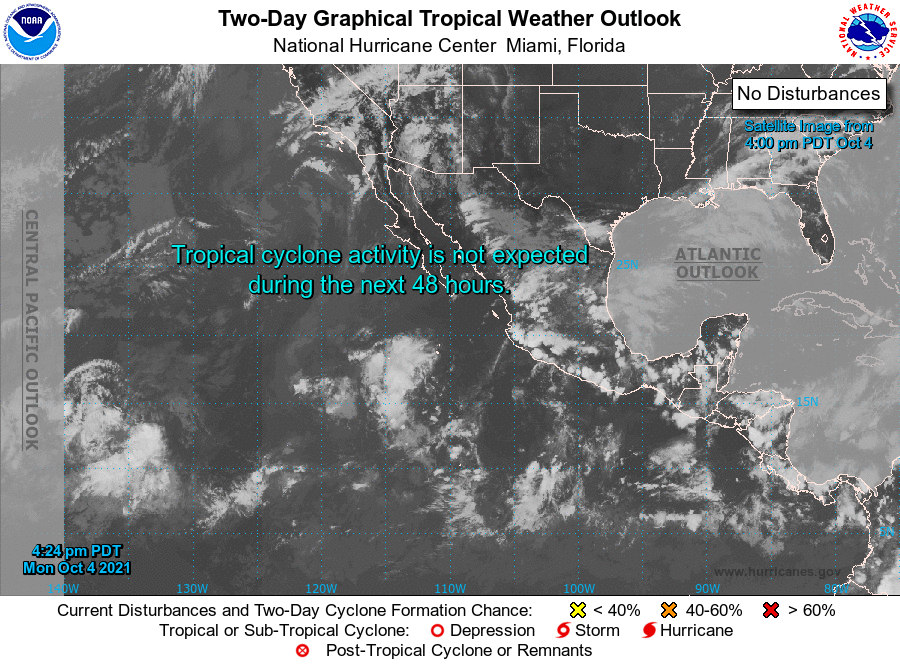
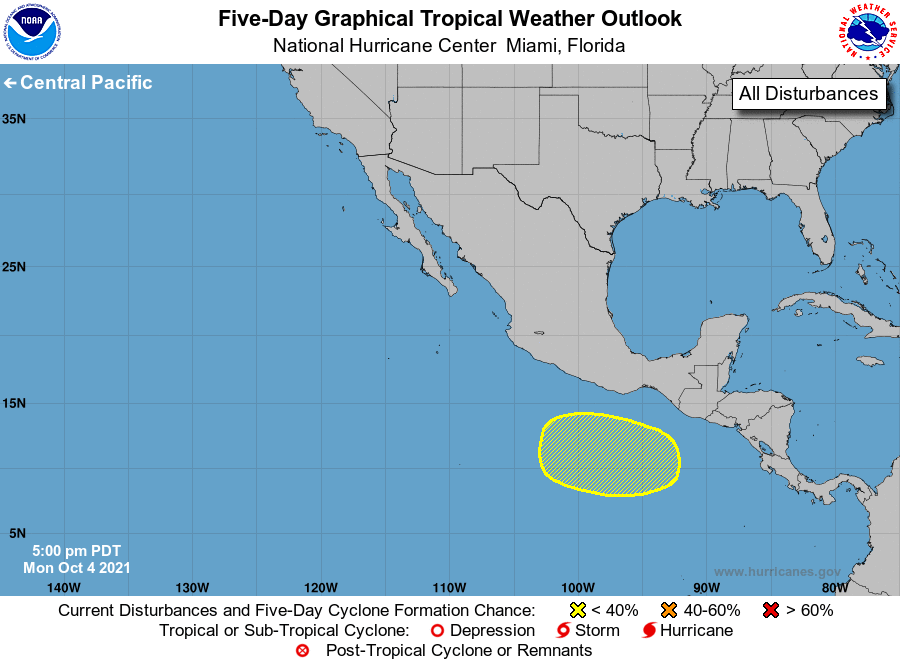
For the eastern North Pacific...east of 140 degrees west longitude:

1. An area of low pressure could form south of the southern coast of Mexico in a few days. Gradual development of the system will be possible beginning late this week or early this weekend while the system moves westward to west-northwestward.
* Formation chance through 48 hours...low...near 0 percent.
* Formation chance through 5 days...low...20 percent.

Forecaster D. Zelinsky